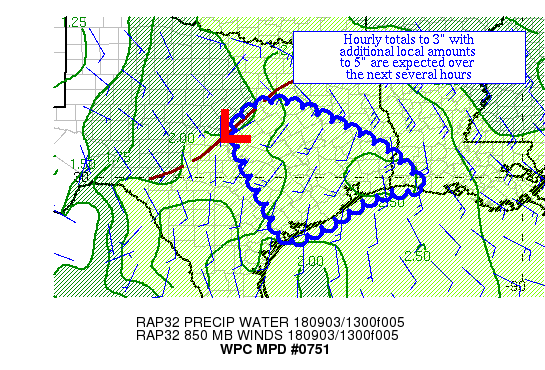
Areas affected...Southeast TX

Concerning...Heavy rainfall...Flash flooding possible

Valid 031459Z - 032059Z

Summary...Bands of heavy rain are expected to shift from the coast
into interior southeast TX with time.  Hourly rain totals to 3",
and additional local amounts to 5", are expected.

Discussion...A warm core low with an elongated low-level
circulation is centered northwest of Fort Hood, TX at this time.
An upper level high is allowing divergence aloft which has
sponsored an increasing degree of convection coverage this
morning.  Heavy rain is occurring within its primary inflow band
along the Middle and Upper TX coasts within an area with
convergent 850 hPa inflow.  Precipitable water values are ~2.5"
per GPS data.  Inflow at 850 hPa is 25-30 kts per VAD wind
profiles, currently strongest in western LA, which is 2-3 times
the magnitude of the mean 850-400 hPa wind.  The system's cyclonic
circulation is importing ML CAPE values of 500-2000 J/kg into
Southeast TX.  Because of the high moisture content, CIN does not
exist per SPC mesoanalyses.

The guidance shows the potential of another few hours of issues
near the Southeast TX and Southwest LA coast as ML CAPE erodes due
to ongoing convection.  However, recent radar imagery is showing
some filling in of convection within the ML CAPE gradient east of
Austin.  While this convection is currently scattered, the degree
of low-level inflow could lead to the formation of short training
bands on occasion within interior Southeast TX west of the Big
Thicket with time as low-level inflow attempts to increase later
today.  The mesoscale guidance advertises additional local amounts
of 5", which seems plausible.  As the degree of convective
organization is uncertain across interior Southeast TX with time,
left the category as possible.